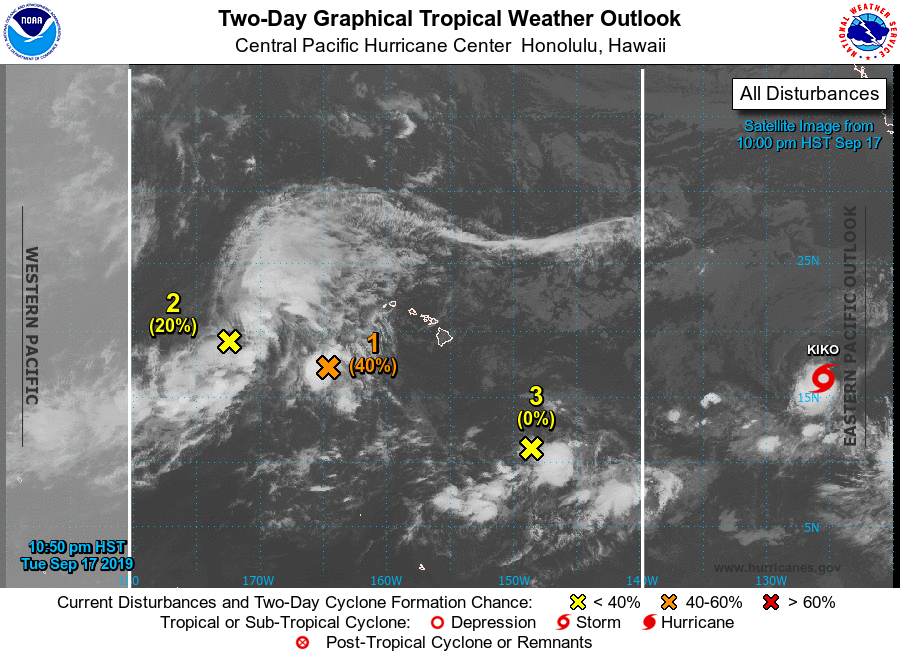
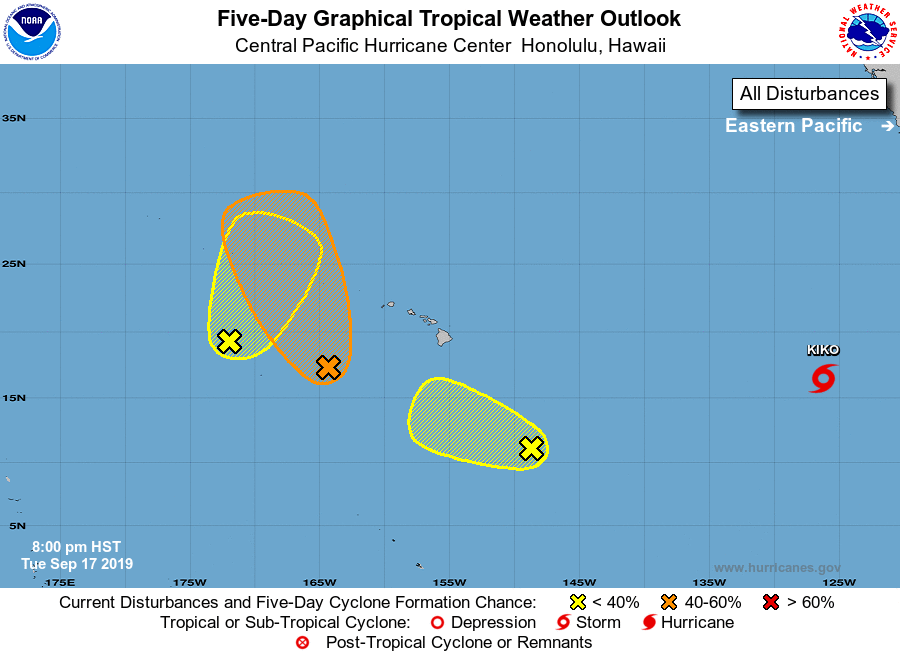
For the central North Pacific...between 140W and 180W:

1. Showers and thunderstorms are associated with an area of low pressure around 500 miles southwest of Honolulu. Environmental conditions are expected to be marginally conducive for some development over the next 24 hours as the system moves toward the north northwest. By late Wednesday or Thursday, chances for development drop off significantly as the low interacts with another disturbance approaching from the northwest. Regardless of development, this system is expected to bring locally gusty winds and heavy rain to portions of the Papahanaumokuakea Marine National Monument over the next several days.
* Formation chance through 48 hours...medium...40 percent.
* Formation chance through 5 days...medium...40 percent.

2. Showers and thunderstorms associated with an elongated area of low pressure, located about 830 miles west-southwest of Kauai, remain disorganized. This system is expected to slowly move northeast into unfavorable environmental conditions. By late Wednesday or Thursday, chances for development drop off significantly as the low interacts with another disturbance approaching from the northwest. Regardless of development, this system is expected to bring locally gusty winds and heavy rain to portions of the Papahanaumokuakea Marine National Monument over the next several days.
* Formation chance through 48 hours...low...20 percent.
* Formation chance through 5 days...low...20 percent.

3. An elongated area of low pressure lies around 700 miles southeast of Hilo, Hawaii. Slow development is possible during the next several days while the area slowly moves northwestward, though the environmental conditions are only marginally favorable.
* Formation chance through 48 hours...low...near 0 percent.
* Formation chance through 5 days...low...20 percent.

Elsewhere, no tropical cyclones are expected during the next 5 days.

Forecaster Foster